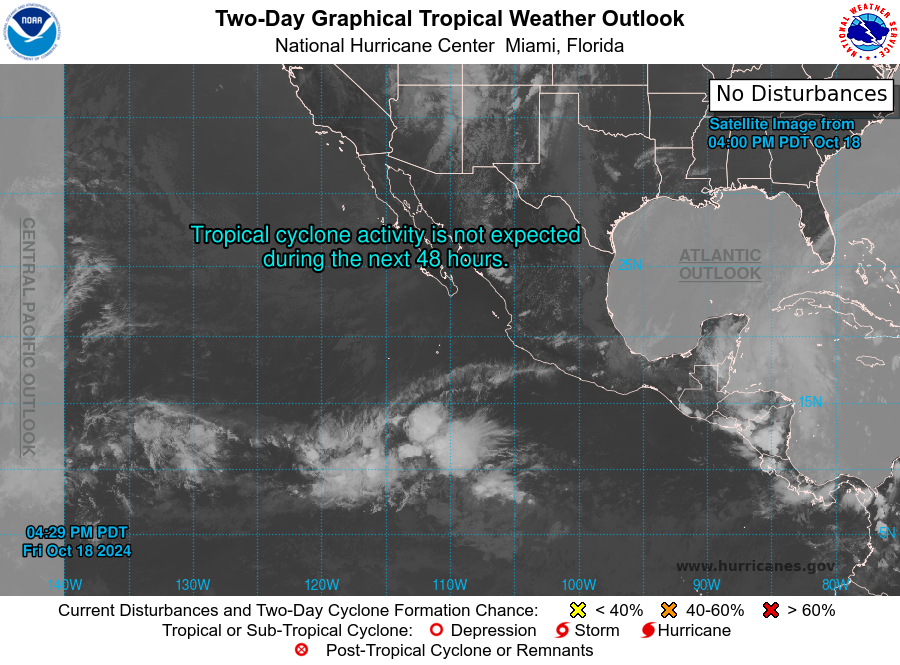
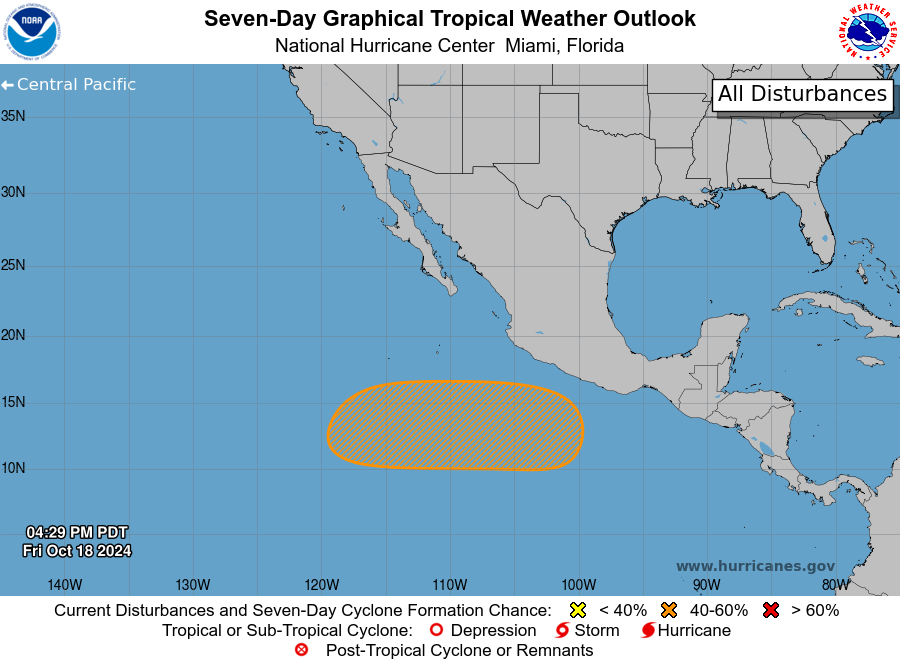
For the eastern North Pacific...east of 140 degrees west longitude:

1. South of Southwestern Mexico: An area of low pressure is expected to form in a few days well offshore of southwestern Mexico. Gradual development is possible thereafter, and a tropical depression could form around the middle of next week as the system moves westward at 10 to 15 mph.
* Formation chance through 48 hours...low...near 0 percent.
* Formation chance through 7 days...medium...60 percent.

Forecaster Hagen